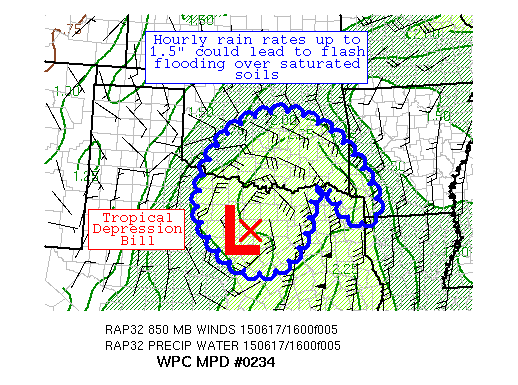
AREAS AFFECTED...PORTIONS OF NORTHERN TX AND SOUTHERN OK

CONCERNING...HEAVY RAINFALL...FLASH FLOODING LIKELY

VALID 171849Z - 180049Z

SUMMARY...EFFICIENT CORE RAINFALL FROM TROPICAL DEPRESSION BILL
COULD LEAD TO FLASH FLOODING AS ITS FORWARD PROGRESS SLOWS.

DISCUSSION...THE CORE PRECIPITATION FROM TROPICAL DEPRESSION BILL
HAS BEEN WARM TOPPED, BUT EFFICIENT.  HOURLY RAIN RATES REMAIN IN
THE 0.5-1" RANGE, NEAR THE BORDER OF A LONGER DURATION FLOOD AND
FLASH FLOOD EVENT.  SOME SLOWING HAS BEEN SEEN IN ITS FORWARD
MOTION AS THE CYCLONE ROUNDS THE WESTERN PERIPHERY OF THE
SUBTROPICAL RIDGE ACROSS THE SOUTHEAST, WHICH COULD LEAD TO AN
INCREASED FLASH FLOOD THREAT.  MIXED LAYER CAPES REMAIN MEAGER,
WITH 500-1000 J/KG OF MLCAPE CONSTRICTED TO THE NORTH AND
NORTHEAST PERIPHERY OF ITS CIRCULATION.  INFLOW AT 850 HPA REMAINS
30-50 KTS, CLOSE TO DOUBLE THE MEAN 850-400 HPA WIND IN THE
REGION.  PRECIPITABLE WATER VALUES OF 2.2-2.5" LIE IN THE AREA PER
GPS INFORMATION.

THE MESOSCALE GUIDANCE GENERALLY SUPPORTS LOCAL 3-5" RAIN AMOUNTS
WITH BILL'S CORE OVER THE NEXT SEVERAL HOURS, WITH THE 06Z AND 12Z
SSEO NEIGHBORHOOD PROBABILITIES SHOWING AN INCREASING FLASH FLOOD
THREAT THROUGH 01Z (USING THE THREE HOUR FLASH FLOOD GUIDANCE AS A
GUIDE).  WITH RAINFALL AMOUNTS UP TO 1.5" POSSIBLE, FLASH FLOODING
IS A CONCERN OVER SATURATED SOILS.